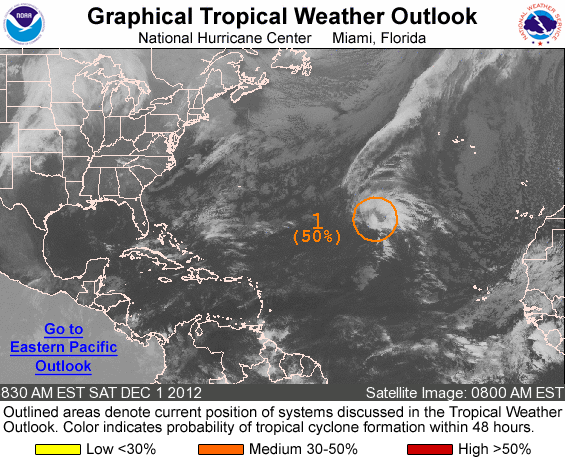
FOR THE NORTH ATLANTIC...CARIBBEAN SEA AND THE GULF OF MEXICO...

1. SHOWER AND THUNDERSTORM ACTIVITY ASSOCIATED WITH A LOW PRESSURE SYSTEM LOCATED OVER THE CENTRAL ATLANTIC OCEAN ABOUT 1150 MILES SOUTHWEST OF THE AZORES HAS NOT BECOME SIGNIFICANTLY BETTER ORGANIZED SINCE YESTERDAY. HOWEVER...SOME DEVELOPMENT OF THE LOW IS STILL POSSIBLE BEFORE IT MERGES WITH A FRONTAL SYSTEM IN A COUPLE OF DAYS. THIS SYSTEM HAS A MEDIUM CHANCE...50 PERCENT...OF BECOMING A TROPICAL OR SUBTROPICAL CYCLONE DURING THE NEXT 48 HOURS AS IT MOVES GENERALLY NORTHWARD AT 10 TO 15 MPH.

IF NECESSARY...ANOTHER SPECIAL TROPICAL WEATHER OUTLOOK WILL BE ISSUED FOR THIS SYSTEM LATER TODAY OR THIS EVENING.

ADDITIONAL INFORMATION CAN BE FOUND IN HIGH SEAS FORECASTS ISSUED BY THE NATIONAL WEATHER SERVICE.

ELSEWHERE...TROPICAL CYCLONE FORMATION IS NOT EXPECTED DURING THE NEXT 48 HOURS.

&&
HIGH SEAS FORECASTS ISSUED BY THE NATIONAL WEATHER SERVICE CAN BE FOUND UNDER AWIPS HEADER NFDHSFAT1 AND WMO HEADER FZNT01 KWBC.

FORECASTER BERG